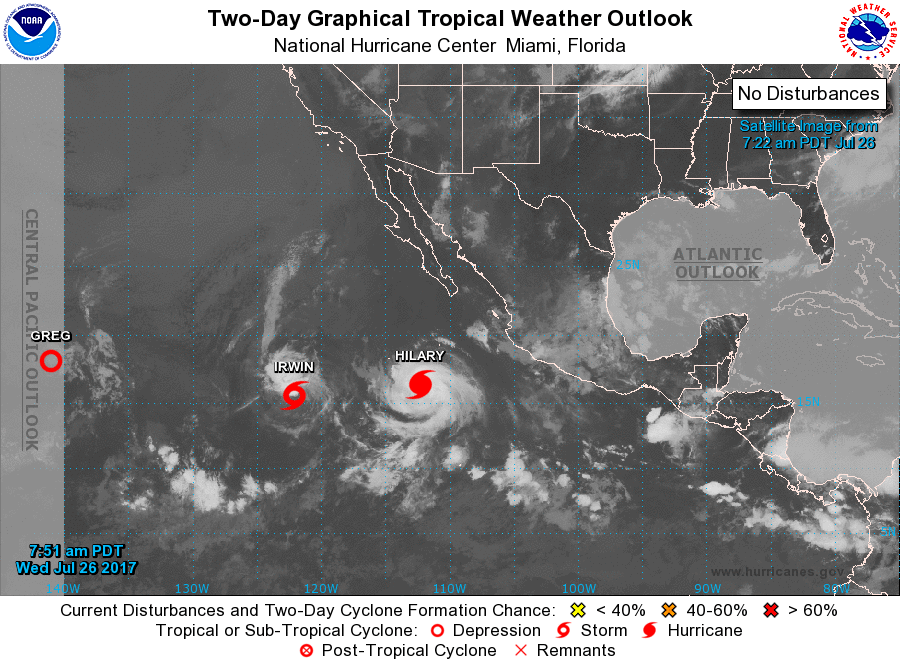
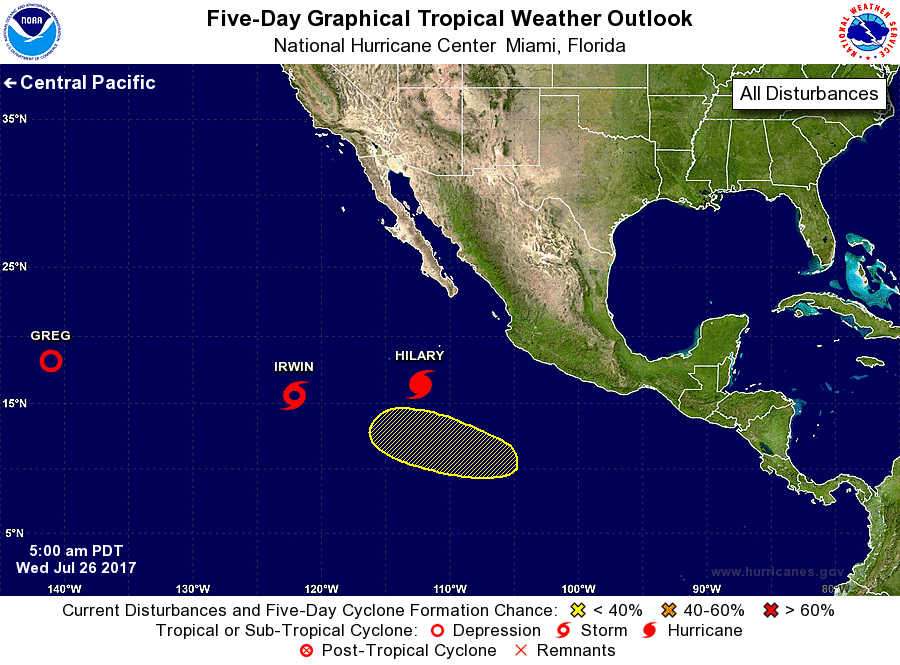
For the eastern North Pacific...east of 140 degrees west longitude:

The National Hurricane Center is issuing advisories on Tropical Depression Greg, located more than 1000 miles east of the Big Island of Hawaii, on Hurricane Hilary, located several hundred miles south of southern tip of the Baja California peninsula, and on Hurricane Irwin, located several hundred miles west-southwest of the southern tip of the Baja California peninsula.

1. An area of low pressure could form several hundred miles south of Mexico in a day or two. Development, if any, of this system is expected to be slow to occur during the next few days due to strong upper-level winds. These winds might become more conducive for some development this weekend as Hurricane Hilary moves farther away from the disturbance. This system is expected to move west-northwestward at 5 to 10 mph during the next several days.
* Formation chance through 48 hours...low...near 0 percent.
* Formation chance through 5 days...low...20 percent.

Forecaster Blake